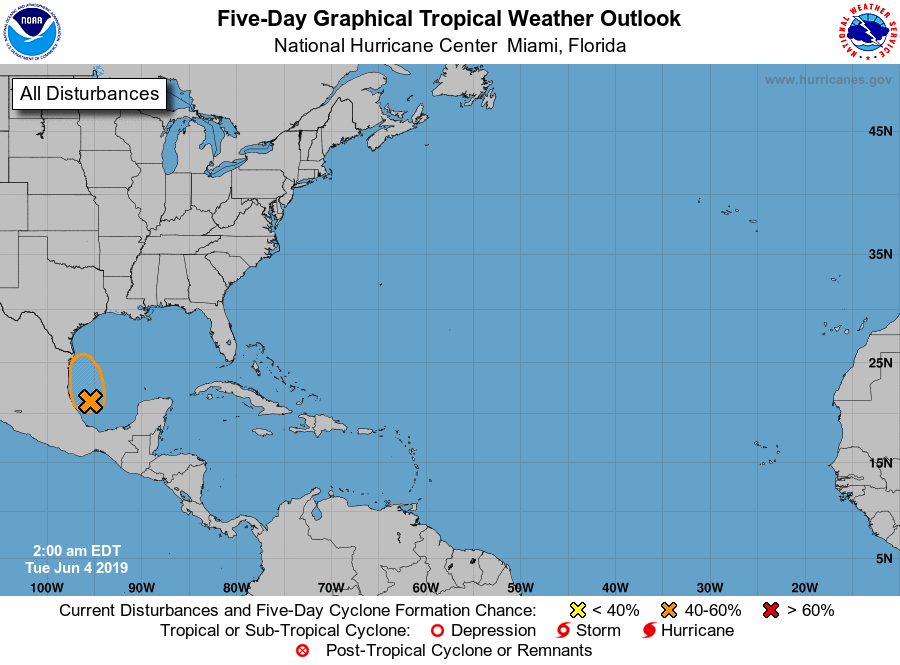
For the North Atlantic...Caribbean Sea and the Gulf of Mexico:

1. Showers and thunderstorms associated with a broad area of low pressure located over southwestern Gulf of Mexico are currently disorganized. This system is expected to move slowly northwestward toward the northeastern coast of Mexico, and it could become a tropical cyclone before moving inland later today or tonight. Regardless of development, the disturbance will likely produce heavy rainfall over portions of southern and eastern Mexico during the next few days. Heavy rainfall is also likely to spread over southeastern Texas and Louisiana through Thursday. An Air Force Reserve reconnaissance aircraft is scheduled to investigate the disturbance later today, if necessary. Interests along the Gulf coast of Mexico should monitor the progress of this system.
* Formation chance through 48 hours...medium...50 percent.
* Formation chance through 5 days...medium...50 percent.

Forecaster Beven